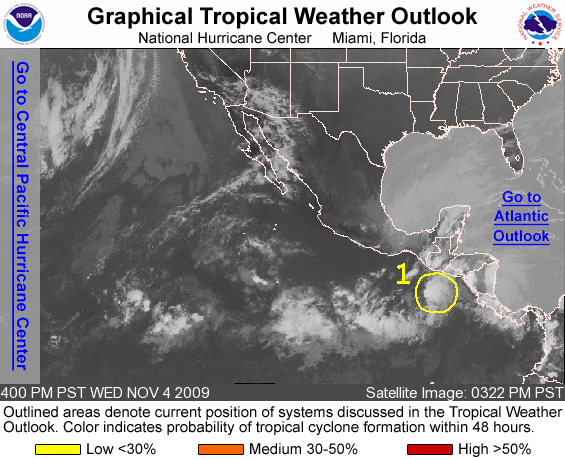
FOR THE EASTERN NORTH PACIFIC...EAST OF 140 DEGREES WEST LONGITUDE..

1. SHOWER AND THUNDERSTORM ACTIVITY ASSOCIATED WITH AN AREA OF LOW PRESSURE IS LOCATED A COUPLE HUNDRED MILES SOUTH OF THE MEXICO/GUATEMALA BORDER. THE UPPER-LEVEL WIND ENVIRONMENT IS BECOMING LESS CONDUCIVE FOR DEVELOPMENT...AND THERE IS A LOW CHANCE...LESS THAN 30 PERCENT...OF THIS SYSTEM BECOMING A TROPICAL CYCLONE DURING THE NEXT 48 HOURS.

2.

TROPICAL CYCLONE FORMATION IS NOT EXPECTED DURING THE NEXT 48 HOURS.

FORECASTER ROBERTS/PASCH